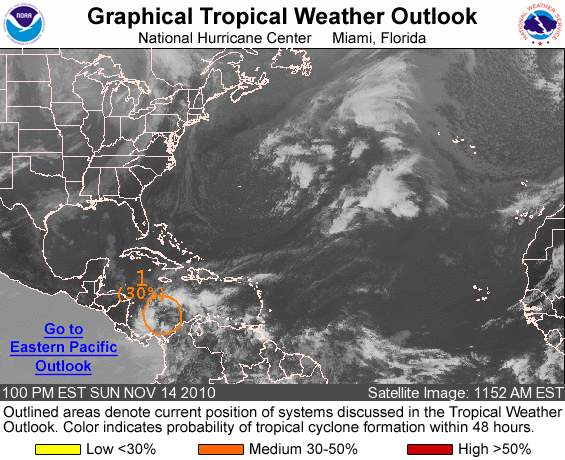
FOR THE NORTH ATLANTIC...CARIBBEAN SEA AND THE GULF OF MEXICO...

1. SHOWERS AND THUNDERSTORMS ASSOCIATED WITH A BROAD AREA OF LOW PRESSURE OVER THE SOUTHWESTERN CARIBBEAN SEA HAVE CHANGED LITTLE IN ORGANIZATION DURING THE PAST FEW HOURS. ENVIRONMENTAL CONDITIONS REMAIN CONDUCIVE FOR SOME SLOW DEVELOPMENT OF THIS SYSTEM OVER THE NEXT COUPLE OF DAYS AS IT MOVES SLOWLY WEST-NORTHWESTWARD TO NORTHWESTWARD. THERE IS A MEDIUM CHANCE...30 PERCENT...OF THIS SYSTEM BECOMING A TROPICAL CYCLONE DURING THE NEXT 48 HOURS.

ELSEWHERE...TROPICAL CYCLONE FORMATION IS NOT EXPECTED DURING THE NEXT 48 HOURS.

FORECASTER KIMBERLAIN